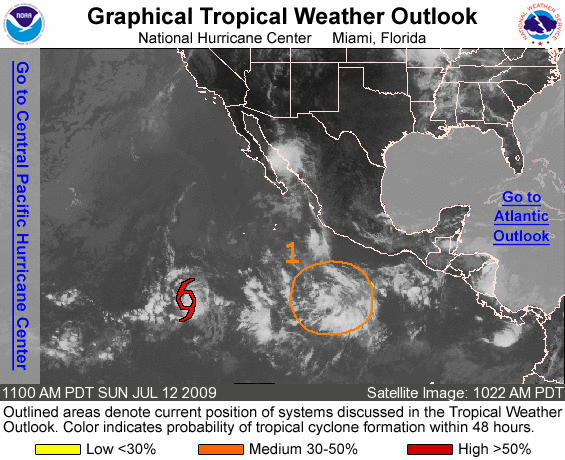
FOR THE EASTERN NORTH PACIFIC...EAST OF 140 DEGREES WEST LONGITUDE..

THE NATIONAL HURRICANE CENTER IS ISSUING ADVISORIES ON HURRICANE CARLOS...LOCATED ABOUT 1135 MILES SOUTHWEST OF THE SOUTHERN TIP OF BAJA CALIFORNIA.

1. A BROAD AREA OF LOW PRESSURE A FEW HUNDRED MILES SOUTH-SOUTHWEST OF ACAPULCO MEXICO IS PRODUCING DISORGANIZED SHOWERS AND THUNDERSTORMS. CONDITIONS APPEAR FAVORABLE FOR GRADUAL DEVELOPMENT OF THIS SYSTEM DURING THE NEXT COUPLE OF DAYS AS IT MOVES TO THE WEST OR WEST-NORTHWEST. THERE IS A MEDIUM CHANCE...30 TO 50 PERCENT...OF THIS SYSTEM BECOMING A TROPICAL CYCLONE DURING THE NEXT 48 HOURS.

ELSEWHERE...TROPICAL CYCLONE FORMATION IS NOT EXPECTED DURING THE NEXT 48 HOURS.

FORECASTER FRANKLIN/LANDSEA